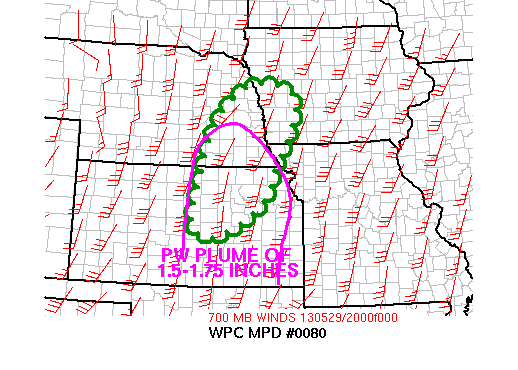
AREAS AFFECTED......NORTHEAST KS SOUTHEAST NE TO SOUTHWEST IA...

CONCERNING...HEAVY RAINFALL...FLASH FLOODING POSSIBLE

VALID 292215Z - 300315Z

SUMMARY...LINEAR BANDS OF COLD-TOPPED CONVECTION OVER SOUTHEAST NE
AND NORTH CENTRAL KS MOVING NORTH-NORTHEAST POSE POTENTIAL FOR NEW
STORMS OVER AREAS WHERE STORMS OCCURRED EARLIER THIS AFTERNOON OR
LAST NIGHT. AN INCREASE IN FLASH FLOOD POTENTIAL IS EXPECTED OVER
THE NEXT COUPLE OF HOURS.

DISCUSSION...STRONG DEEP LAYER SOUTHERLY FLOW IS ADVECTING
MOISTURE NORTH ACROSS THE PLAINS STATES.  CLUSTERS AND LINES OF
STORMS HAVE FORMED ACROSS SOUTHEAST NE AND INTO NORTHEAST KS AND
SOUTH CENTRAL KS.  GENERAL BAND MOTION IS TO THE NORTH NORTHEAST
NEAR 40 KT.

THE BAND IS INTERCEPTING HIGH AVAILABLE MOISTURE WITH PW VALUES
FORECAST TO INCREASE TO 1.5-1.75 INCHES BY 00Z THIS EVENING.
CONTINUING LOW LEVEL SOUTHERLY FLOW WILL CONTINUE TO ADVECT
MOISTURE TO REPLENISH THAT WHICH FALLS OUT OF THUNDERSTORMS.

MIXED LAYER CAPES OF 2500-3000 J/KG SHOWN IN THE HIGH RES RAPID
REFRESH COMBINES WITH AREAS OF A COUPLED UPPER DIVERGENCE/LOWER
CONVERGENCE MAXIMA AND STEEP LAPSE RATES OF 7-8 DEG C/KM TO
TRIGGER ASCENT ALONG OUTFLOWS FROM EXISTING CONVECTION.

THE HIGH RES MODELS INDICATE RAINFALL MAXIMA IN NORTHEAST
KS/SOUTHEAST NE TO FAR NORTHWEST MO AND SOUTHWEST IA.  MUCH OF THE
IA PORTION OF THIS AREA HAS ALREADY HAD SHOWER/STORM ACTIVITY AND
THE REMAINDER OF THE AREA HAD ACTIVITY THE LAST COUPLE OF
NIGHTS...MAKING THE AREA VULNERABLE TO FLASH FLOODING. FLASH FLOOD
GUIDANCE VALUES ARE NEAR AN INCH IN COUNTIES AROUND THE NE/IA/MO
BORDER. FORECAST SOUNDINGS SHOW DEEP SOUTHERLY FLOW WITH ONLY 20
DEGREES OF VEERING SFC-750 MB...SUPPORTING TRAINING ECHOES.
CORFIDI VECTORS RUN OFF THE 18Z GFS INDICATE ONLY 5 KT OF FORWARD
PROPAGATION...ALSO SUPPORTING SLOW EAST BAND PROGRESSION.